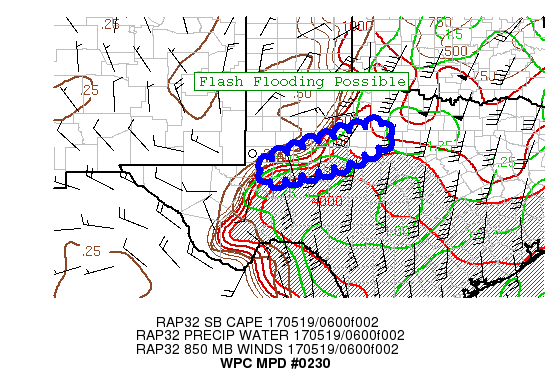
AREAS AFFECTED...WEST TEXAS

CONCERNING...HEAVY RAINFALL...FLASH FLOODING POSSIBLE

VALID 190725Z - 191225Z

SUMMARY...THE THREAT OF TRAINING THUNDERSTORMS ALONG THE DRY LINE
MAY RESULT IN A FLASH FLOOD THREAT OVERNIGHT.

DISCUSSION...RECENT IR SATELLITE AND RADAR TRENDS SHOW EXPANDING
CONVECTION ALONG THE DRY LINE ACROSS PORTIONS OF WEST TEXAS. THIS
ACTIVITY IS FORMING ALONG A FAVORED PORTION OF THE DRY
LINE...WHERE INCREASING LOW LEVEL SOUTH SOUTHEASTERLY FLOW IS
PERPENDICULAR TO THE DRY LINE ORIENTATION. EXPECT CONVECTION TO
CONTINUE TO FORM ALONG THIS PORTION OF THE DRY LINE FOR THE NEXT
SEVERAL HOURS...WITH STORM MOTIONS TO THE NORTHEAST ALONG THE DRY
LINE ALLOWING FOR SOME TRAINING OF HEAVY RAINFALL RATES. RECENT
RUNS OF THE HRRR HAVE BEEN VERY CONSISTENT IN SHOWING THIS
EVOLUTION...AND HAVE BEEN SUGGESTING POCKETS OF 3-5" OF RAIN OVER
THE NEXT SEVERAL HOURS.

IN THE NEAR TERM THE FLASH FLOODING THREAT SHOULD REMAIN CONFINED
TO NEAR THE DRY LINE...HOWEVER AS CONVECTION ORGANIZES IT MAY
PROPAGATE SLOWLY SOUTHEASTWARD WITH TIME. WILL HAVE TO MONITOR THE
EVOLUTION OF THIS CONVECTION CLOSELY...AS IT IS POSSIBLE THAT THIS
OVERNIGHT ACTIVITY PERSISTS INTO THE MORNING...WITH IT AND ITS
OUTFLOW HELPING FOCUS ADDITIONAL CONVECTIVE DEVELOPMENT AND THE
POSSIBILITY OF AN ADDITIONAL FLOOD THREAT ACROSS CENTRAL TEXAS
INTO THE DAY FRIDAY.